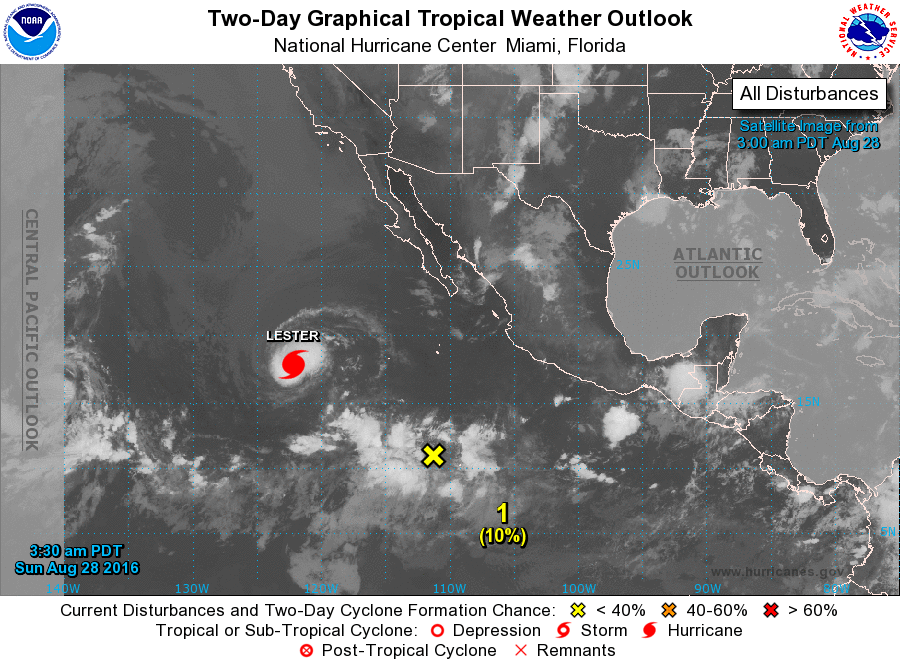
For the eastern North Pacific...east of 140 degrees west longitude:

The National Hurricane Center is issuing advisories on Hurricane Lester, located several hundred miles west-southwest of the southern tip of the Baja California peninsula, and has issued the last advisory on Tropical Storm Madeline, which has crossed into the central Pacific basin. The Central Pacific Hurricane Center will issue the next advisory on Madeline at 11 PM HST.

1. A broad area of cloudiness and disorganized showers is located several hundred miles south-southwest of the southwestern coast of Mexico. Development, if any, of this system is expected to be slow to occur as it moves westward or west-northwestward during the next few days.
* Formation chance through 48 hours...low...10 percent
* Formation chance through 5 days...low...20 percent

2. An area of low pressure is expected to form later this week a few hundred miles south or southeast of Acapulco, Mexico. Environmental conditions appear conducive for slow development of this system as it moves generally west-northwestward.
* Formation chance through 48 hours...low...near 0 percent
* Formation chance through 5 days...low...20 percent

Forecaster Kimberlain